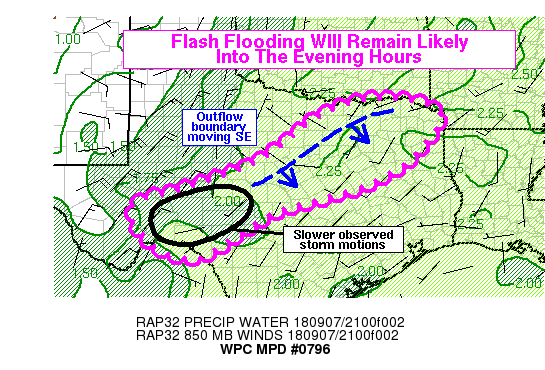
Areas affected...Central and Northeast Texas

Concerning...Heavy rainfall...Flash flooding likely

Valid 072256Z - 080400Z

Summary...Flash flooding will remain possible from central into
north and northeast Texas this evening. A large number of heavy
rain bands and embedded thunderstorms remain active as of 6 PM CDT
in the general vicinity of a stalled front. Rain rates may reach 3
in/hr in some of the slower-moving and strongest rain bands.

Discussion...Numerous heavy rain bands and a few embedded
thunderstorms continued to affect much of Texas. The overall lack
of lightning was one signal that much of the convection had
dominant warm rain processes with high freezing levels, and
saturated profiles with tall, narrow CAPE. GOES-16 visible
satellite showed an outflow boundary pushing steadily southeast
over the northern half of Texas, and this was allowing for the
primary axis of convection to gradually push to the southeast as
well. However, the overall drift of this convection was likely not
fast enough to eliminate a flash flood threat. Rain rates
estimated by KFWS dual pol and MRMS were still reaching 2 in/hr in
some of the stronger rain bands, and this convection could affect
the DFW metro area (which would be more favored for flash flooding
given the larger amount of impervious surfaces). For North and
Northeast Texas, the greatest flash flood risk through 04Z should
be where convective bands intersect urban areas.

Further to the southwest, convective bands were moving more
slowly, which could be due to a weak low (circulation shown in
925-850mb layer on the RAP) over far northern Mexico, and an
associated deformation zone that extends up into the Concho
Valley. This region has seen heavy rainfall over the past week,
and flash flood guidance was reduced to as low as 1-2 inches in 3
hours. Given that hourly rain rates are easily reaching 1-2
inches, and even occasionally reaching 3 inches in the strongest
rain bands (per MRMS), there is an elevated chance of flash
flooding in this region. The combination of nearly stationary (at
times) rain bands, with highly efficient rainfall processes, in an
area with higher soil moisture already should lead to a greater
concentration of flooding issues and the potential for locally
more significant flooding. The Moderate Risk will be expanded
south into this area on a special update to the Day 1 Excessive
Rainfall Outlook to account for the increasing threat of flash
flooding.